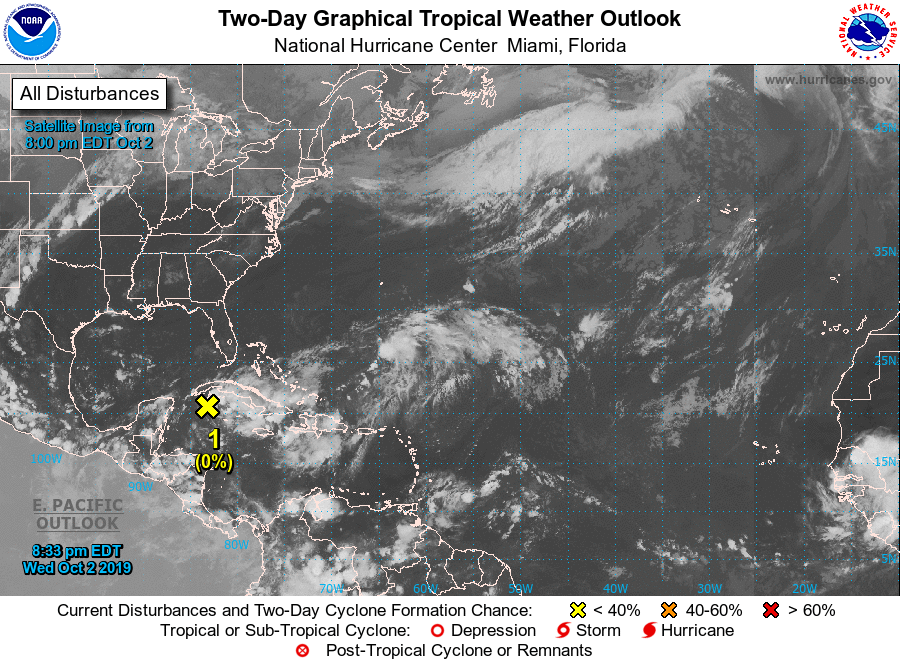
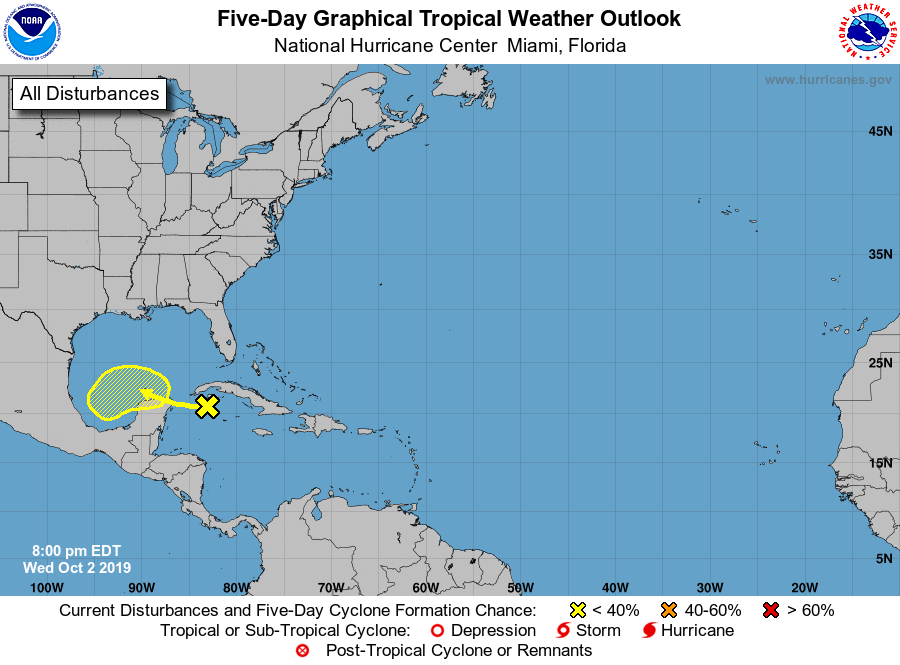
For the North Atlantic...Caribbean Sea and the Gulf of Mexico:

1. A broad area of low pressure located over the northwestern Caribbean Sea continues to produce disorganized showers and thunderstorms. Although surface pressures remain low across the area, upper-level winds are expected to be unfavorable for development during the next few days. By the weekend and early next week, however, environmental conditions could become a little more conducive for some slow development to occur while the system moves slowly west-northwestward near or over the the Yucatan peninsula and into the the southern Gulf of Mexico.
* Formation chance through 48 hours...low...near 0 percent.
* Formation chance through 5 days...low...10 percent.

Forecaster Stewart